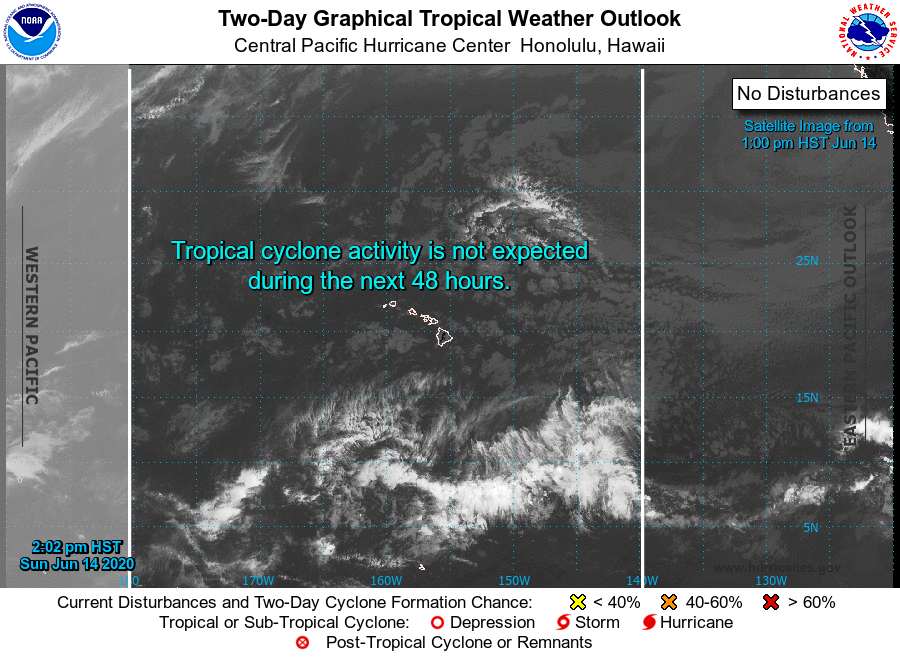
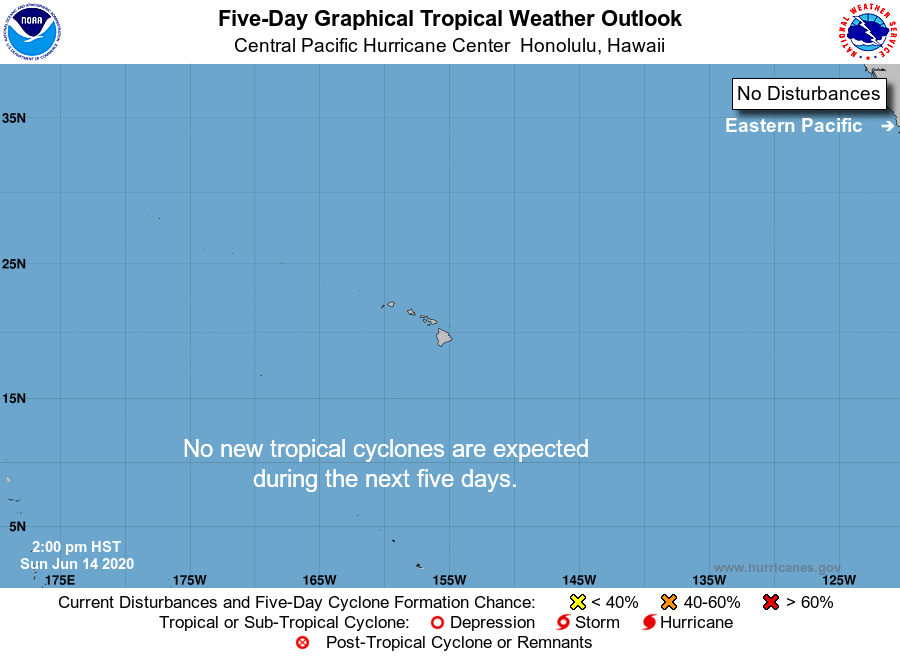
For the central North Pacific...between 140W and 180W:

No tropical cyclones are expected during the next 5 days.

Forecaster Kino